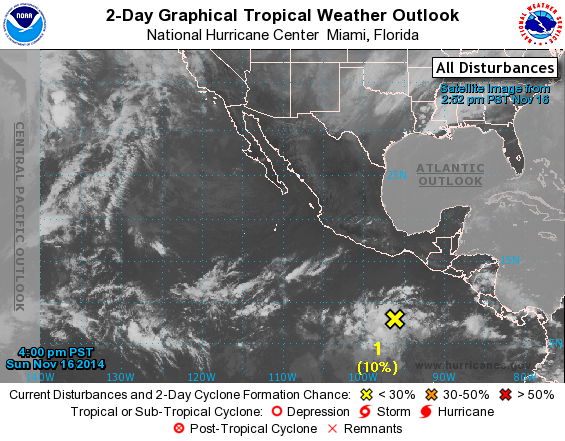
For the eastern North Pacific...east of 140 degrees west longitude:

1. A trough of low pressure is producing disorganized showers and thunderstorms several hundred miles south-southeast of Acapulco, Mexico. Environmental conditions are expected to be conducive for slow development of this system while it moves west-northwestward at 10 to 15 mph during the next several days.
* Formation chance through 48 hours...low...10 percent.
* Formation chance through 5 days...low...20 percent.

Forecaster Cangialosi